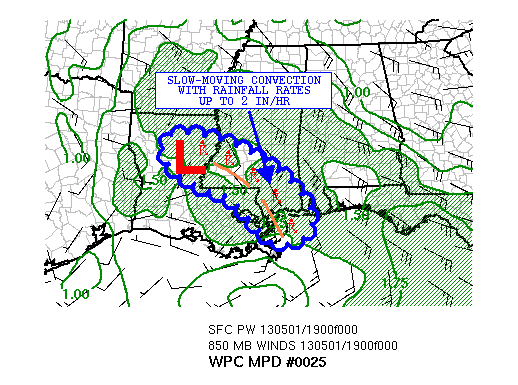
AREAS AFFECTED...EASTERN LA...SOUTHERN MS

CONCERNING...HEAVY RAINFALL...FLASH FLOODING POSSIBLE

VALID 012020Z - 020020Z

SUMMARY...SLOW-MOVING CONVECTION WITH EMBEDDED CELL-MERGERS ARE
PROMOTING VERY HEAVY RAINFALL RATES WHICH WILL CONTINUE FOR THE
NEXT SEVERAL HOURS.

DISCUSSION...THE LATEST IR SATELLITE IMAGERY SHOWS COOLING
CONVECTIVE CLOUD TOPS OVER PORTIONS OF EASTERN LA AND INTO
SOUTHERN MS...WITH AREAS OF MERGING CONVECTIVE CELLS EMBEDDED
WITHIN WHAT IS A LARGER NW/SE AXIS OF BKN CONVECTION. THE COOLING
CLOUD TOPS SUGGESTS INCREASING RAINFALL RATES...AND THIS IS
ALREADY BEING CONFIRMED BY THE LATEST RADAR-BASED QPE.

EXPECTING AN INCREASE IN CONVECTIVE ORGANIZATION OVER THE NEXT
COUPLE OF HOURS AS DIURNAL HEATING AND ASSOCIATED SFC-BASED
INSTABILITY IS MAXIMIZED. IN PARTICULAR THE BEST FOCUS FOR
ORGANIZED CONVECTION SHOULD BE INVOF OF A SFC TROUGH AXIS
EXTENDING SOUTHEAST OF A LOW CENTER OVER N CNTRL LA AND DOWN TO
COASTAL AREAS OF SRN MS. ENHANCED SFC CONVERGENCE WILL BE OCCURING
ALONG AND JUST TO THE RIGHT OF THIS TROUGH...AND WITH SELY H85
FLOW EXPECTED TO INCREASE TO AOA 30 KTS BY 21Z...EXPECT THE
MOISTURE TRANSPORT TO FAVOR SUSTAINABLE AND SLOW-MOVING CONVECTION
AT LEAST UNTIL ABOUT SUNSET WHEN SFC-BASED INSTABILITY WILL BE
WANING. EXPECT RAINFALL RATES OF 1 TO 2 IN/HR...WITH STORM TOTALS
OF 3 TO 4 INCHES POSSIBLE. SOME OF THIS WILL BE FALLING OVER AREAS
THAT HAVE ALREADY SEEN HVY RAINS EARLIER IN THE DAY.
THEREFORE...FLASH FLOODING WILL BE POSSIBLE.